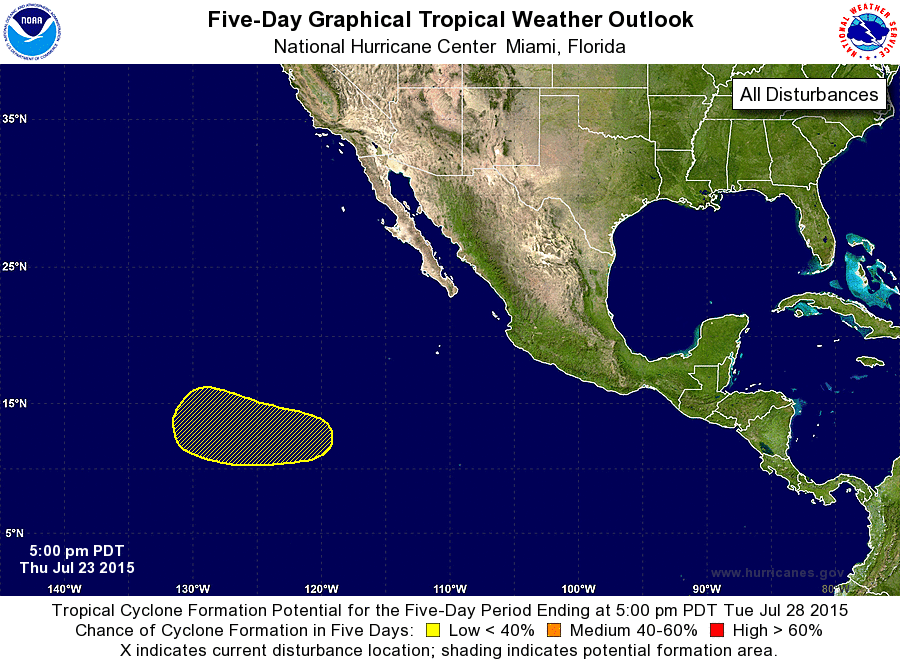
For the eastern North Pacific...east of 140 degrees west longitude:

The National Hurricane Center is issuing advisories on Tropical Storm Felicia, located several hundred miles west-southwest of the southern tip of the Baja California peninsula.

1. An area of low pressure could form well southwest of the southern tip of the Baja California peninsula by early next week. Some slow development of this system is possible thereafter while it moves westward to west-northwestward.
* Formation chance through 48 hours...low...near 0 percent
* Formation chance through 5 days...low...20 percent

Public advisories on Tropical Storm Felicia are issued under WMO header WTPZ32 KNHC and under AWIPS header MIATCPEP2. Forecast/Advisories on Tropical Storm Felicia are issued under WMO header WTPZ22 KNHC and under AWIPS header MIATCMEP2.

Forecaster Cangialosi